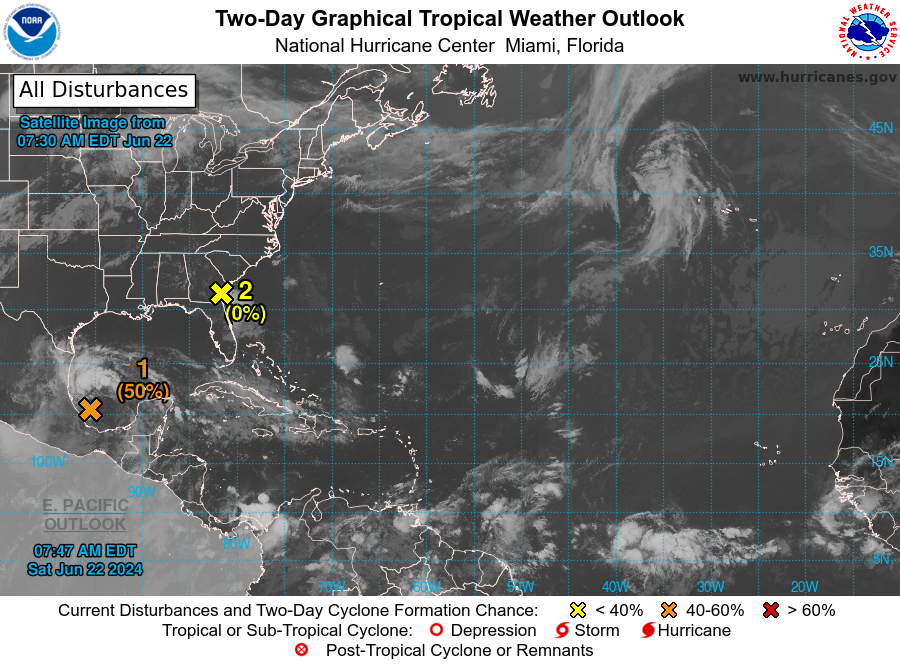
For the North Atlantic...Caribbean Sea and the Gulf of Mexico:

1. Southwestern Gulf of Mexico (AL93): A broad low pressure system located over the southwestern Gulf of Mexico is producing a large area of disorganized showers and thunderstorms. Environmental conditions appear conducive for gradual development of this system as it moves slowly west-northwestward or northwestward, and a tropical depression could form before the system reaches the coast of northeastern Mexico Sunday night. Regardless of development, heavy rainfall could cause localized flooding across portions of northeastern Mexico and Deep South Texas through the end of the weekend. An Air Force Reserve reconnaissance aircraft is scheduled to investigate this system later today, if necessary.
* Formation chance through 48 hours...medium...50 percent.
* Formation chance through 7 days...medium...50 percent.

2. Near the Georgia Coast (AL92): A low pressure system centered inland over southeastern Georgia is producing disorganized showers and thunderstorms, mainly over the coastal waters off of northeastern Florida and Georgia. The low is expected to drift slowly northwestward or northward today before dissipating tonight.

Tropical cyclone formation is not expected.
* Formation chance through 48 hours...low...near 0 percent.
* Formation chance through 7 days...low...near 0 percent.

Forecaster Hagen/Berg